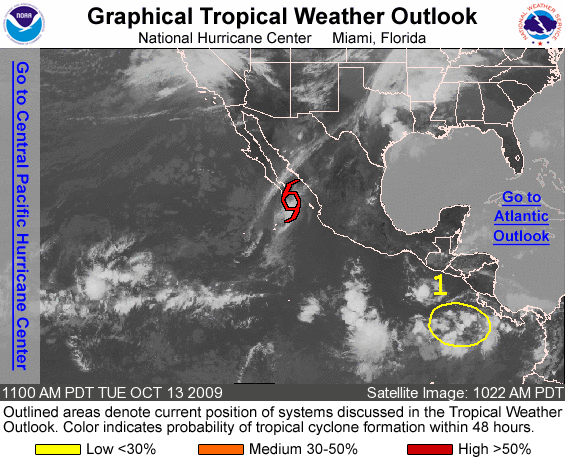
FOR THE EASTERN NORTH PACIFIC...EAST OF 140 DEGREES WEST LONGITUDE..

THE NATIONAL HURRICANE CENTER IS ISSUING ADVISORIES ON TROPICAL STORM PATRICIA...LOCATED ABOUT 100 MILES SOUTHEAST OF THE SOUTHERN TIP OF BAJA CALIFORNIA.

1. A BROAD AREA OF DISTURBED WEATHER HAS DEVELOPED IN ASSOCIATION WITH A TROPICAL WAVE A FEW HUNDRED MILES SOUTHWEST OF COSTA RICA. CONDITIONS APPEAR CONDUCIVE FOR SOME SLOW DEVELOPMENT OVER THE NEXT COUPLE OF DAYS AS IT MOVES WEST-NORTHWESTWARD AT 10 TO 15 MPH. THERE IS A LOW CHANCE...LESS THAN 30 PERCENT...OF THIS SYSTEM BECOMING A TROPICAL CYCLONE DURING THE NEXT 48 HOURS.

ELSEWHERE...TROPICAL CYCLONE FORMATION IS NOT EXPECTED DURING THE NEXT 48 HOURS.

FORECASTER CANGIALOSI/BEVEN